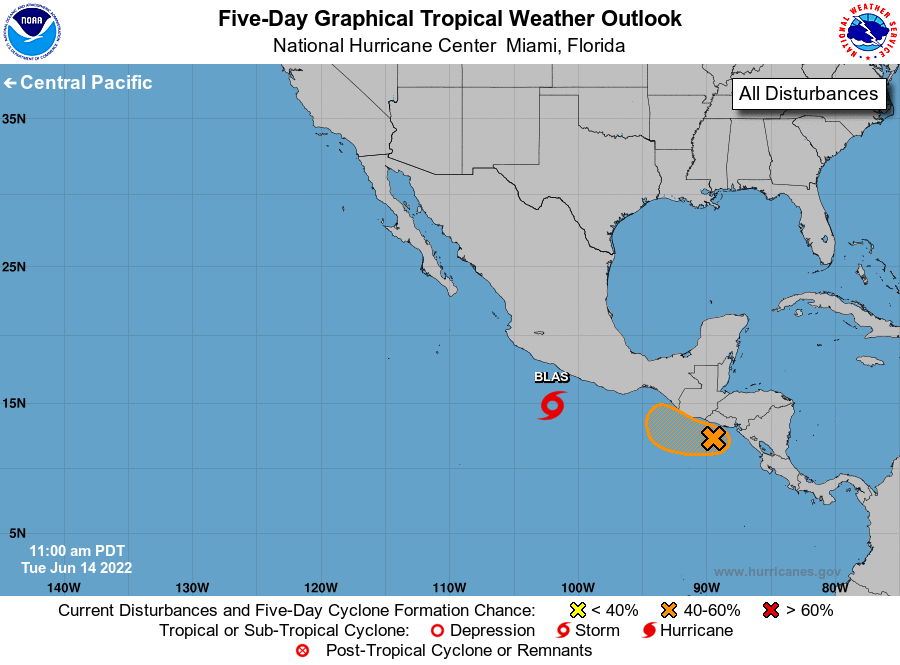
For the eastern North Pacific...east of 140 degrees west longitude:

The National Hurricane Center is issuing advisories on newly formed Tropical Storm Blas, located a few hundred miles south of the southwest coast of Mexico.

1. Off the coast of Central America: Showers and thunderstorms off the coast of El Salvador continue to show signs of organization in association with a trough of low pressure. Further development of this system is possible while it drifts northwestward, and it could become a tropical depression during the next couple of days. Environmental conditions are forecast to become less conducive for development by the end of the week. Regardless of development, locally heavy rains are possible across portions of Nicaragua, El Salvador, Guatemala, and southern Mexico during the next several days.
* Formation chance through 48 hours...medium...50 percent.
* Formation chance through 5 days...medium...50 percent.

Public Advisories on Blas are issued under WMO header WTPZ32 KNHC and under AWIPS header MIATCPEP2. Forecast/Advisories on Blas are issued under WMO header WTPZ22 KNHC and under AWIPS header MIATCMEP2.

Forecaster Blake/Bucci